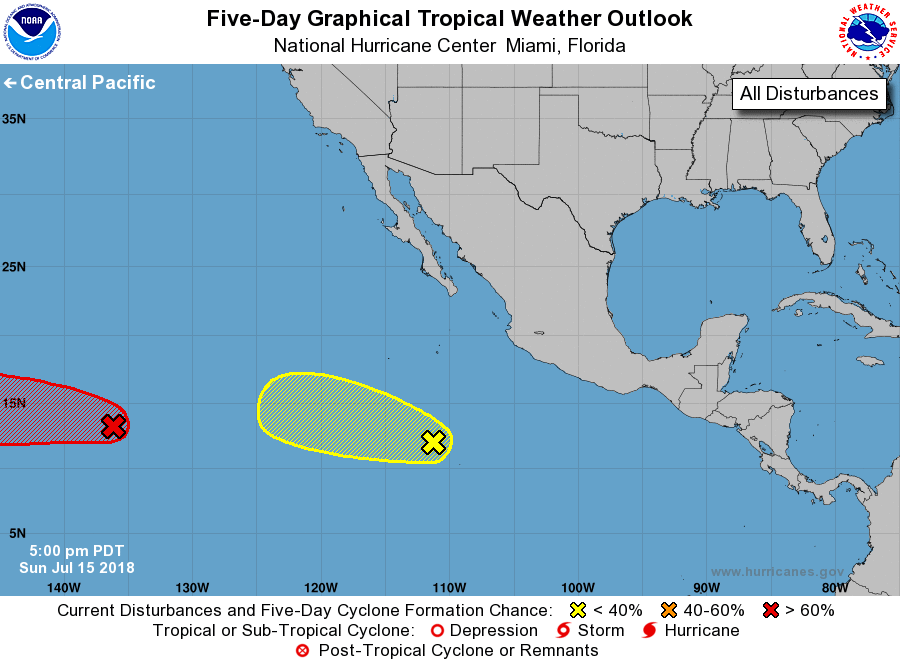
For the eastern North Pacific...east of 140 degrees west longitude:

1. A low pressure system located about 1300 miles east-southeast of the Big Island of Hawaii has changed little in organization over the past several hours. Environmental conditions are expected to be conducive for the development of a tropical depression during the next day or two before upper-level winds increase by mid-week. This system is moving westward and is expected to cross into the Central Pacific basin on Monday.
* Formation chance through 48 hours...high...70 percent.
* Formation chance through 5 days...high...70 percent.

2. Shower and thunderstorm activity associated with a tropical wave located several hundred miles south of the southern tip of the Baja California Peninsula has increased since this morning. Although the environment is expected to be only marginally conducive, some gradual development is possible during the next couple of days as the system moves west to west-northwestward over the open East Pacific. By Wednesday, strong upper-level winds will likely prevent further development.
* Formation chance through 48 hours...low...10 percent.
* Formation chance through 5 days...low...10 percent.

Forecaster Zelinsky